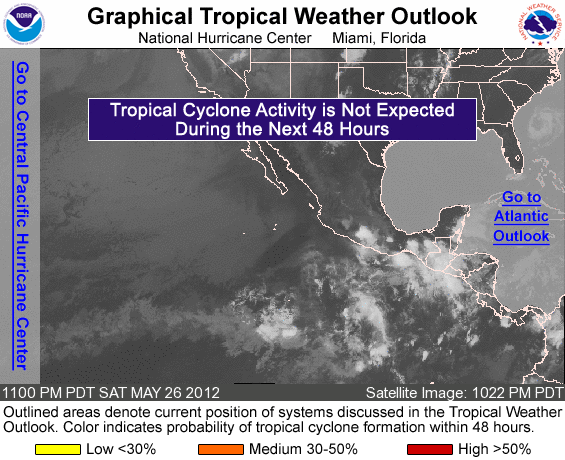
FOR THE EASTERN NORTH PACIFIC...EAST OF 140 DEGREES WEST LONGITUDE..

TROPICAL CYCLONE FORMATION IS NOT EXPECTED DURING THE NEXT 48 HOURS.

ELSEWHERE...TROPICAL CYCLONE FORMATION IS NOT EXPECTED DURING THE NEXT 48 HOURS.

FORECASTER BRENNAN